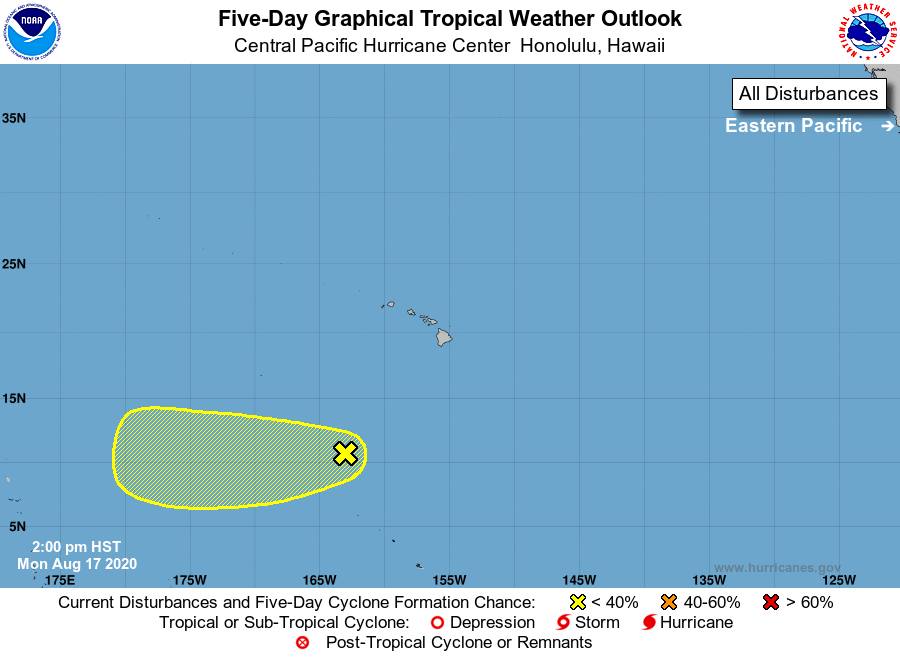
For the central North Pacific...between 140W and 180W:

1. An area of low pressure about 800 miles south-southwest of Honolulu, Hawaii is producing some showers and thunderstorms, but lacks significant organization. Environmental conditions are not expected to be conducive for development over the next few days, but may improve as the system continues westward and nears the Date Line later in the week.
* Formation chance through 48 hours...low...near 0 percent.
* Formation chance through 5 days...low...30 percent.

Elsewhere, no tropical cyclones are expected during the next 5 days.

Forecaster TS